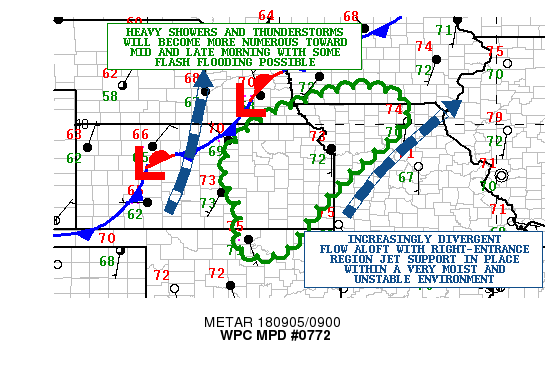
Areas affected...Far Northern OK...Central/Eastern KS...Far
Southeast NE...Northwest MO...Southern IA

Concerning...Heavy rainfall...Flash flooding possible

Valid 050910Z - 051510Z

Summary...Expecting an axis of very heavy showers and
thunderstorms to develop through mid and late morning. Some flash
flooding will be possible.

Discussion...The latest radar imagery shows a broken axis of
showers and thunderstorms across the broader central Plains region
which is all associated with a deep layer south to southwest warm
advection pattern with anomalous tropical moisture transport and
sufficient instability, MLCAPE values near 1000 j/kg, to sustain
convection.

Over the next several hours, and especially toward mid-morning,
there will be a cold front with multiple waves of low pressure
settling southeast across the central Plains and more specifically
the lower MO Valley which will be interacting with PWATS of as
much as 2.0 to 2.25 inches and an increasingly unstable boundary
layer. Meanwhile, as an upper trough crosses the northern Plains
and upper Midwest, the region is expected to come under the
influence of favorable right-entrance region jet dynamics which
will foster deeper layer ascent for a more organized convective
threat in a southwest/northeast fashion extending from northern OK
up across central/eastern KS and northeast toward southern IA.
This is expected to occur in earnest after 12Z.

The latest 00Z hires model consensus, along with recent runs of
the HRRR, strongly suggest some linear bands of convection capable
of training over the same area by mid to late morning. Expect
rainfall rates of as much as 2 inches/hr with the renewed
activity, and new storm totals of as much as 4 inches locally by
15Z. This may result in some flash flooding. Will closely monitor
convective trends through the morning.